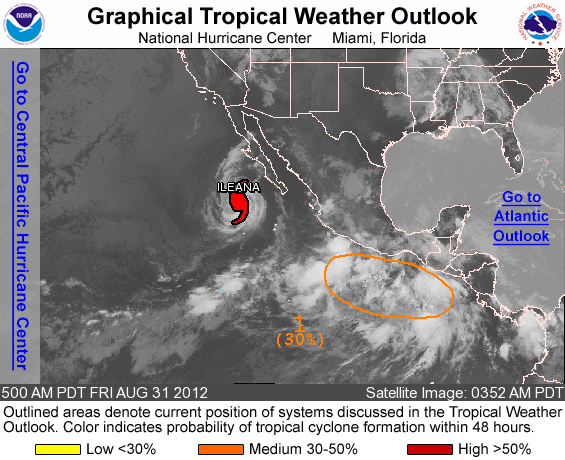
FOR THE EASTERN NORTH PACIFIC...EAST OF 140 DEGREES WEST LONGITUDE..

THE NATIONAL HURRICANE CENTER IS ISSUING ADVISORIES ON HURRICANE ILEANA...LOCATED ABOUT 320 MILES WEST-SOUTHWEST OF THE SOUTHERN TIP OF BAJA CALIFORNIA MEXICO.

1. A LARGE AREA OF DISORGANIZED SHOWERS AND THUNDERSTORMS EXTENDS FOR SEVERAL HUNDRED MILES OFFSHORE OF THE COAST OF SOUTHERN MEXICO AND CENTRAL AMERICA. UPPER-LEVEL WINDS ARE EXPECTED TO BE MARGINALLY CONDUCIVE FOR DEVELOPMENT...AND THIS SYSTEM HAS A MEDIUM CHANCE... 30 PERCENT...OF BECOMING A TROPICAL CYCLONE DURING THE NEXT 48 HOURS AS IT MOVES WEST-NORTHWESTWARD AT AROUND 15 MPH.

ELSEWHERE...TROPICAL CYCLONE FORMATION IS NOT EXPECTED DURING THE NEXT 48 HOURS.

FORECASTER BRENNAN